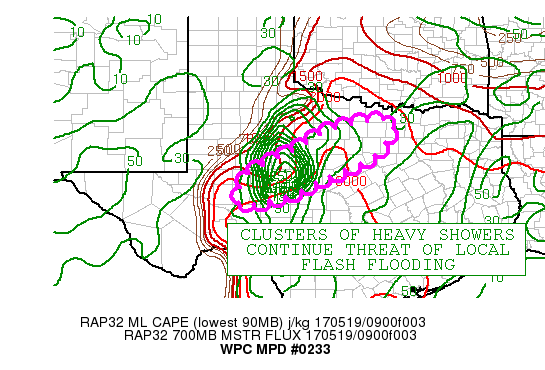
AREAS AFFECTED...NORTH CENTRAL TEXAS

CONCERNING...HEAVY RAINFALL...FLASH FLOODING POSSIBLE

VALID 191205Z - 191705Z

SUMMARY...THE THREAT OF TRAINING SHOWERS/THUNDERSTORMS ALONG A LOW
LEVEL BOUNDARY MAY RESULT IN A FLASH FLOOD THREAT THIS MORNING IN
NORTH CENTRAL TEXAS.

DISCUSSION...SHOWERS AND THUNDERSTORMS PREVIOUSLY INITIATED NEAR
THE DRY LINE ARE EXPECTED TO CONTINUE IN A CLUSTER ACROSS NORTH
CENTRAL TEXAS. THE CLUSTER OF SHOWERS/STORMS IS EXPECTED TO
PERSIST AS A COUPLED UPPER DIVERGENCE/LOWER CONVERGENCE COUPLET
OCCURS UNDER DIFLUENT FLOW ALOFT DOWNSTREAM FROM AN UPPER JET
MAXIMA OVER NEW MEXICO AND SOUTHWEST TEXAS. THE HIGH RESOLUTION
RAPID REFRESH RUNS CONTINUE SHOWING WELL DEFINED BOUNDARY LAYER
MOISTURE CONVERGENCE AND 850-700 MB MOISTURE FLUXES INTO THE
CLUSTER.  THE CLUSTER CONTINUES TO BE SUPPORTED BY
INSTABILITY...INCLUDED MIXED LAYER CAPE VALUES NEAR 2000 J/KG.

DEEP LAYER MEAN WINDS ARE FORECAST TO BE SOUTHWEST WITH
PROPAGATION TO THE SOUTHEAST....RESULTING IN A NET EAST NORTHEAST
MOTION. KDYX RADAR SHOWS 1-2 INCHES PER HOURS HAVE FALLEN WITHIN
THE BAND.  2-4 INCHES OF RAIN ARE EXPECTED WITHIN THE BAND THROUGH
18Z.  THE POTENTIAL IS THERE FOR ISOLATED HIGHER AMOUNTS WITH THE
09Z HIGH RES RAPID REFRESH (HRRR) INDICATING UP TO 5 INCHES OF
RAIN. THIS IS THE HIGHEST GUIDANCE WITH THE NEXT HIGHEST FORECAST
RAINFALL 3 INCHES IN THE NSSL WRF. ..AND LOWER AMOUNTS IN THE WRF
ARW/NMMB/CANADIAN REGIONAL GEM/NAM CONUS NEST. THE 6 HOUR HIGH
RESOLUTION ENSEMBLE FORECAST NEIGHBORHOOD PROBABILITY OF EXCEEDING
2 INCHES OF RAIN IS 30-40 PERCENT. BASED ON THESE SIGNALS...FLASH
FLOODING WILL CONTINUE TO BE POSSIBLE THIS MORNING.